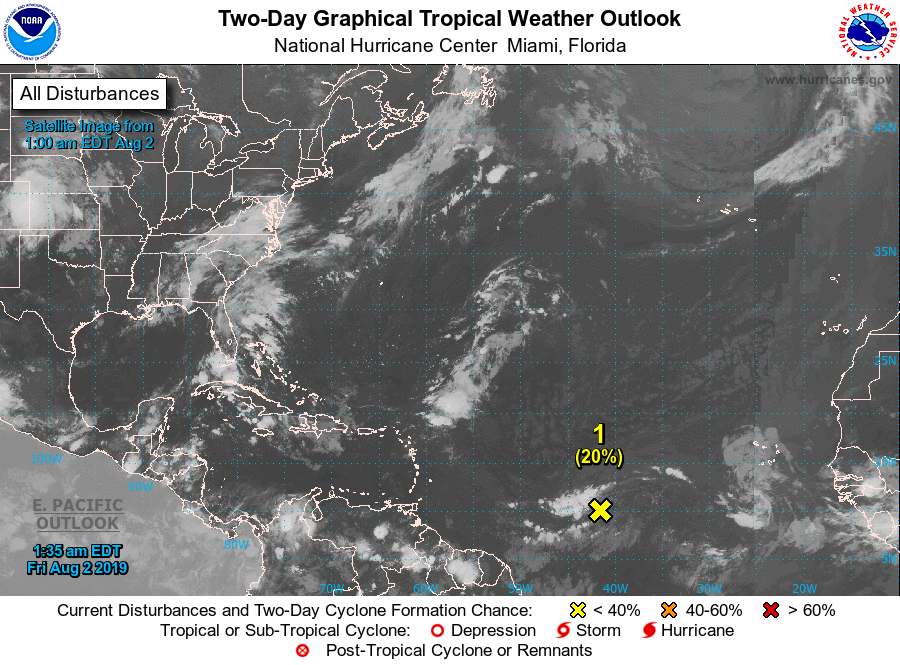
For the North Atlantic...Caribbean Sea and the Gulf of Mexico:

1. An elongated low pressure system located over the central tropical Atlantic Ocean about midway between the Cabo Verde Islands and the Lesser Antilles is producing limited shower and thunderstorm activity. Some slow development of this system is possible, and a tropical depression could form well east of the Lesser Antilles by early next week while the low moves west-northwestward at 10 to 15 mph. Upper-level winds are forecast to become less conducive for development by Tuesday and Wednesday as the system approaches the Leeward Islands.
* Formation chance through 48 hours...low...20 percent.
* Formation chance through 5 days...medium...50 percent.

Forecaster Berg